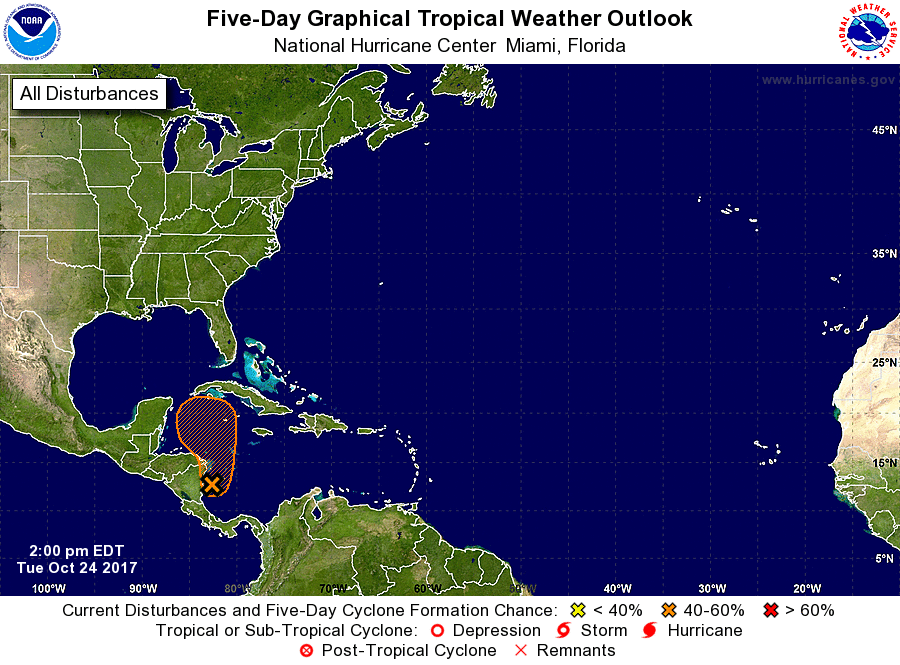
For the North Atlantic...Caribbean Sea and the Gulf of Mexico:

1. A broad area of low pressure centered near the east coast of Nicaragua is producing disorganized showers and thunderstorms. Close proximity to land is likely to limit development of this system for the next day or two. However, environmental conditions are expected to be conducive for some development to occur later this week while the system moves slowly northward over the northwestern Caribbean Sea.
* Formation chance through 48 hours...low...10 percent.
* Formation chance through 5 days...medium...50 percent.

Forecaster Zelinsky